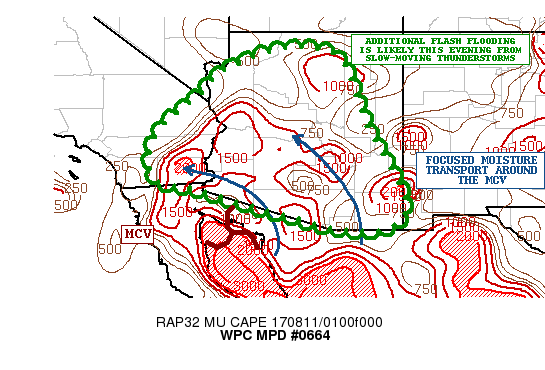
AREAS AFFECTED...SOUTHEAST CA...AZ

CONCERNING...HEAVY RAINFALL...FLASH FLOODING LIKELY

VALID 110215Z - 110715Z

SUMMARY...ADDITIONAL CLUSTERS OF SLOW-MOVING THUNDERSTORMS WILL
LIKELY GENERATE SOME ADDITIONAL FLASH FLOODING CONCERNS THROUGH
THE EVENING.

DISCUSSION...A WELL-DEFINED LOW TO MID LEVEL MCV OVER THE NORTHERN
GULF OF CA HAS BEEN GREATLY ENHANCING THE MOISTURE TRANSPORT BACK
UP ACROSS MUCH OF THE SOUTHWEST U.S. THIS AFTERNOON AND
EVENING...AND THIS HAS HELPED FACILITATE NUMEROUS CLUSTERS OF
STRONGER THUNDERSTORMS WITH SOME VERY HEAVY RAINFALL RATES THAT
HAVE BEEN OVER 2 INCHES/HR. IN FACT...PWATS ACROSS SOUTHERN AZ
HAVE RISEN TO BACK OVER 2.0 INCHES AND THE LATEST GOES-SOUNDER
DATA SHOWS A POOL OF ENHANCED TROPICAL MOISTURE OVER NORTHWEST MX
AND ADJACENT AREAS OF THE GULF OF CA THAT IS BEING TAPPED.

A FAIRLY BROAD REGION OF LOW LEVEL CYCLONIC FLOW COUPLED WITH A
STILL FAVORABLY UNSTABLE BOUNDARY LAYER AND LOCAL OROGRAPHICS
SHOULD TEND TO MAINTAIN THE CONVECTIVE THREAT THROUGH THE EVENING
HOURS. THE MCV WILL NEED TO BE MONITORED CLOSELY FOR POTENTIALLY
SOME NOCTURNAL CONVECTIVE DEVELOPMENT OVERNIGHT...BUT FOR NOW THE
REMAINING CONVECTION WILL BE TIED INTO THE DIURNAL HEATING FROM
EARLIER IN THE DAY.

EXPECT AS MUCH AS AN ADDITIONAL 2 TO 4 INCHES LOCALLY...AND
ESPECIALLY WITH SLOW CELL MOTIONS. SOME ADDITIONAL FLASH FLOODING
IS LIKELY AS A RESULT...WITH A PARTICULAR FOCUS ON DRY WASHES AND
ARROYOS.